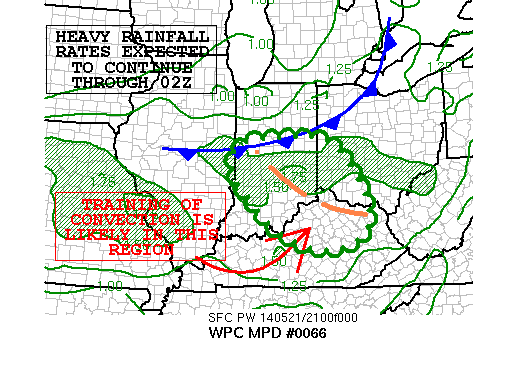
AREAS AFFECTED...CENTRAL IN...SW OHIO...NORTHERN KY

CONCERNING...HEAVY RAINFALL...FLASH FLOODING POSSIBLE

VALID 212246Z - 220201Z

SUMMARY...FOCUSED ASCENT WILL PRODUCE A CONVECTIVELY ENHANCED BAND
OF HEAVY RAINFALL OVER THE CENTRAL OHIO VALLEY THROUGH THE EVENING
HOURS.  SOME LOCATIONS WILL LIKELY RECEIVE ON THE ORDER OF 2 TO 4
INCHES OF RAINFALL BEFORE 02Z WITH ISOLATED HIGHER AMOUNTS
POSSIBLE.  THIS COULD YIELD FLASH FLOODING CONCERNS IN THE MOST
SUSCEPTIBLE LOCATIONS.

DISCUSSION...A SLOW MOVING COLD FRONT FROM CENTRAL IL EXTENDING TO
CENTRAL OHIO HAS BEEN THE FOCUSING MECHANISM FOR THUNDERSTORMS
CONTAINING HEAVY RAINFALL.  AN OUTFLOW BOUNDARY FROM THIS
CONVECTION IS AIDING IN THE DEVELOPMENT OF ADDITIONAL RAINFALL.
THE HI-RES MODELS ARE TRENDING WITH HEAVIER RAINFALL TOTALS
COMPARED TO EARLIER RUNS FOR THIS AREA.  HEAVY RAIN WITH THESE
THUNDERSTORMS WILL SHOW SOME TRAINING TENDENCIES ORIENTED IN A WNW
TO ESE DIRECTION.  LOCAL SOUNDINGS INDICATE A VEERING WIND PROFILE
IN THE BOUNDARY LAYER AND DEEP UNI-DIRECTIONAL FLOW ABOVE 850 MB.
THIS WILL HELP SUPPORT BACK-BUILDING OF CONVECTION ALONG WITH THE
HEAVY RAINFALL.